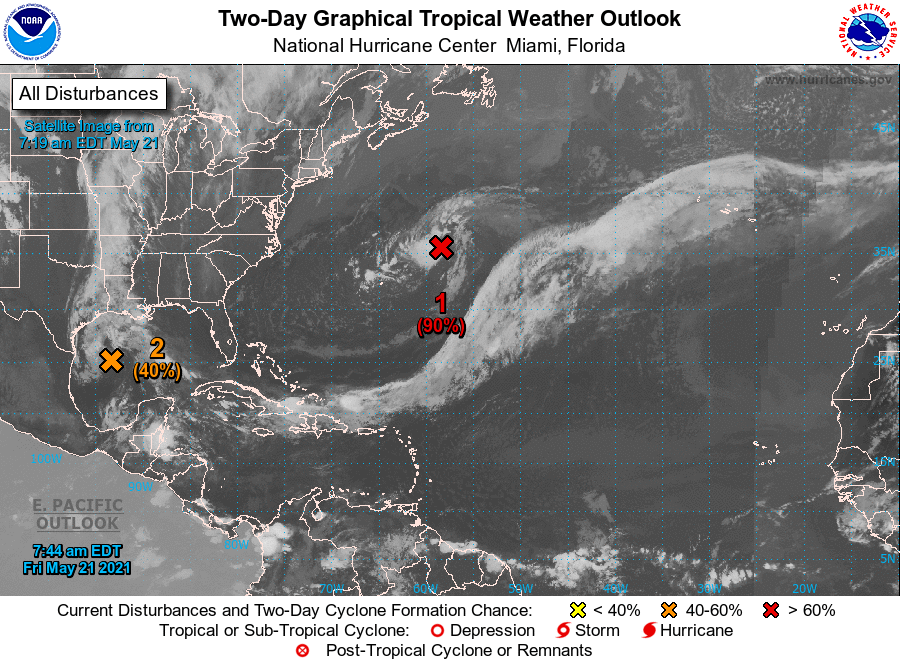
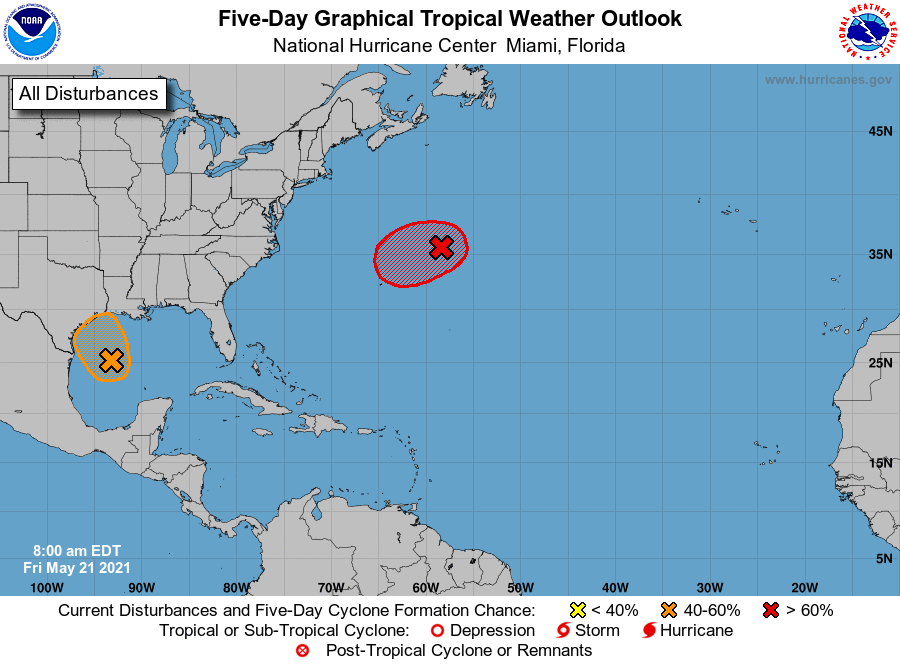
For the North Atlantic...Caribbean Sea and the Gulf of Mexico:

1. Showers and thunderstorms associated with a non-tropical low pressure area centered about 450 miles east-northeast of Bermuda have become better organized during the past several hours. The low has not yet acquired subtropical storm characteristics. However, if current trends continue advisories could be initiated on the system later today or tonight as it moves westward to west-southwestward to the northeast of Bermuda. Subsequently, the low is forecast to move northeastward into a more hostile environment by Saturday night or Sunday. Additional information on this low pressure area can be found in High Seas forecasts issued by the NOAA Ocean Prediction Center and forecast products, including a tropical storm watch, issued by the Bermuda Weather Service.
* Formation chance through 48 hours...high...90 percent.
* Formation chance through 5 days...high...90 percent.

2. Recent satellite imagery suggests that a low-level circulation is forming associated with the mid- to upper-level disturbance over the western Gulf of Mexico. However, shower and thunderstorm activity remains disorganized. Environmental conditions are expected to be marginally conducive for development, and a short-lived tropical depression or storm could form before the disturbance moves inland over the northwestern Gulf coast tonight. Regardless of development, the system could produce heavy rainfall over portions of southeastern Texas and southwestern Louisiana during the next few days. Additional information on the rainfall and flooding potential can be found in products issued by your local National Weather Service Forecast Office.
* Formation chance through 48 hours...medium...40 percent.
* Formation chance through 5 days...medium...40 percent.

High Seas Forecasts issued by the National Weather Service can be found under AWIPS header NFDHSFAT1, WMO header FZNT01 KWBC, and online at ocean.weather.gov/shtml/NFDHSFAT1.php

Forecaster Beven/Papin